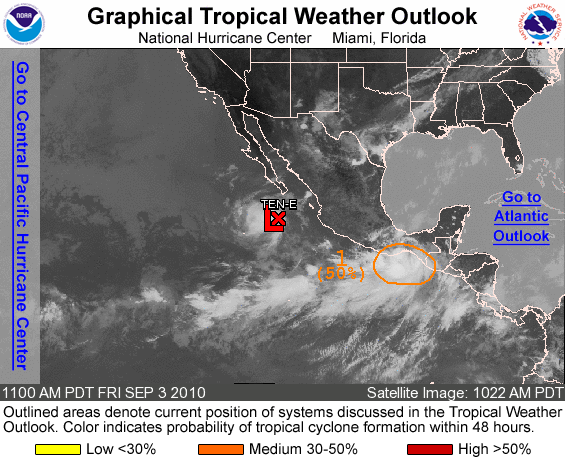
FOR THE EASTERN NORTH PACIFIC...EAST OF 140 DEGREES WEST LONGITUDE..

THE NATIONAL HURRICANE CENTER IS ISSUING ADVISORIES ON TROPICAL DEPRESSION TEN-E...LOCATED ABOUT 205 MILES SOUTH OF THE SOUTHERN TIP OF BAJA CALIFORNIA.

1. SHOWERS AND THUNDERSTORMS ASSOCIATED WITH A BROAD LOW PRESSURE SYSTEM OVER THE GULF OF TEHUANTEPEC HAVE BECOME CONSIDERABLY BETTER ORGANIZED THIS MORNING. WHILE ENVIRONMENTAL CONDITIONS ARE CONDUCIVE FOR FURTHER DEVELOPMENT...THE PROXIMITY OF THE SYSTEM TO LAND COULD LIMIT THE POTENTIAL FOR TROPICAL DEPRESSION FORMATION. THERE IS A MEDIUM CHANCE...50 PERCENT...OF THIS SYSTEM BECOMING A TROPICAL CYCLONE DURING THE NEXT 48 HOURS AS IT DRIFTS NORTHWARD. REGARDLESS OF DEVELOPMENT...HEAVY RAIN IS LIKELY OVER PORTIONS OF SOUTHEASTERN MEXICO AND GUATEMALA DURING THE NEXT COUPLE OF DAYS... WHICH MAY CAUSE FLASH FLOODS AND MUDSLIDES.

ELSEWHERE...TROPICAL CYCLONE FORMATION IS NOT EXPECTED DURING THE NEXT 48 HOURS.

PUBLIC ADVISORIES ON TROPICAL DEPRESSION TEN-E ARE ISSUED UNDER WMO HEADER WTPZ35 KNHC AND UNDER AWIPS HEADER MIATCPEP5. FORECAST/ADVISORIES ON TROPICAL DEPRESSION TEN-E ARE ISSUED UNDER WMO HEADER WTPZ25 KNHC AND UNDER AWIPS HEADER MIATCMEP5.

FORECASTER LANDSEA/BLAKE